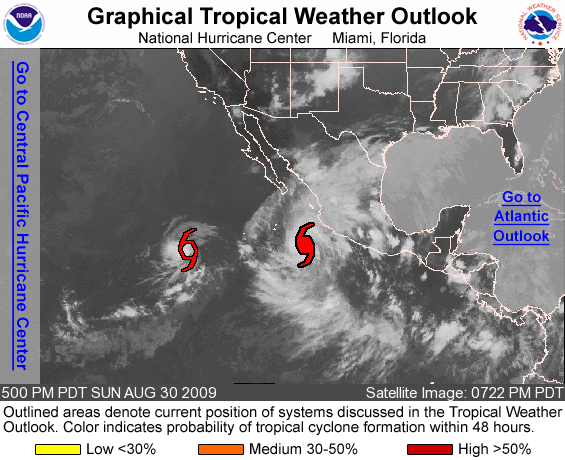
FOR THE EASTERN NORTH PACIFIC...EAST OF 140 DEGREES WEST LONGITUDE..

THE NATIONAL HURRICANE CENTER IS ISSUING ADVISORIES ON HURRICANE JIMENA...LOCATED ABOUT 270 MILES SOUTH-SOUTHWEST OF CABO CORRIENTES MEXICO...AND ON TROPICAL STORM KEVIN...LOCATED ABOUT 940 MILES WEST-SOUTHWEST OF THE SOUTHERN TIP OF BAJA CALIFORNIA.

ELSEWHERE...TROPICAL CYCLONE FORMATION IS NOT EXPECTED DURING THE NEXT 48 HOURS.

FORECASTER BRENNAN